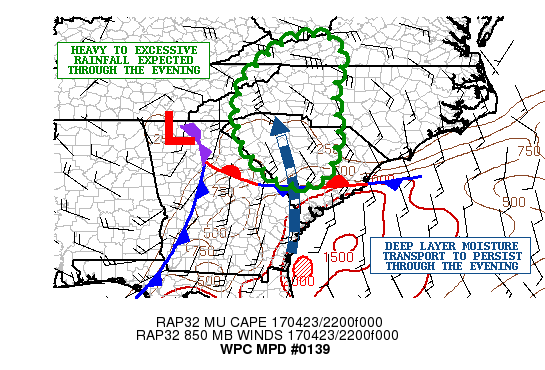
AREAS AFFECTED...CENTRAL/WESTERN SC...WESTERN NC...FAR NORTHEAST
TN...SOUTHWEST VA

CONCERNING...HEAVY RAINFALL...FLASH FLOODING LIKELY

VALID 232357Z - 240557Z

SUMMARY...HEAVY TO EXCESSIVE RAINFALL IS EXPECTED THROUGH THIS
EVENING ACROSS THE SC/NC PIEDMONT AND INTO THE SOUTHERN
APPALACHIANS AS FAR NORTH AS SOUTHWEST VA. STRONGER EMBEDDED
THUNDERSTORMS OVER NC/SC WILL ENHANCE FLASH FLOODING POTENTIAL.

DISCUSSION...THE LATEST EXPERIMENTAL GOES-16 WV/IR SATELLITE
IMAGERY SHOWS A DEEP LAYER LOW PRESSURE SYSTEM SLOWLY CROSSING THE
TN VALLEY AND MUCH OF THE SOUTHEAST U.S. WHICH IS HELPING TO
ADVANCE A CONVECTIVELY ACTIVE COLD FRONT ACROSS THE SOUTHEAST
COASTAL PLAIN. A RATHER DEEP SURGE OF SUBTROPICAL MOISTURE
CONTINUES TO LIFT NORTH AROUND THE EAST SIDE OF THE CLOSED LOW
WHICH COUPLED WITH STRONG LARGE SCALE ISENTROPIC LIFT...UPPER
LEVEL DIFFLUENCE AND OROGRAPHIC FORCING IS RESULTING IN WIDESPREAD
MODERATE TO HEAVY RAIN UP ACROSS THE SC/NC PIEDMONT AND INTO THE
SOUTHERN APPALACHIANS. FARTHER SOUTH AND CLOSER TO A STRONG
QUASI-STATIONARY FRONT ACROSS FAR EASTERN GA AND SOUTHERN
SC...THERE IS SUFFICIENT INSTABILITY FOR NUMEROUS THUNDERSTORMS
AND LOCALLY VERY HEAVY RAINFALL RATES OF UP 2 INCHES/HR.

RECENT RUNS OF THE HRRR/HRRRX SHOW A PERSISTENCE OF CONVECTION
THROUGH THE EVENING HOURS ACROSS ESPECIALLY CENTRAL SC AND PARTS
OF THE SC/NC PIEDMONT WHERE A NOSE OF ELEVATED INSTABILITY AND
HIGHER PWATS NEAR 1.5 INCHES WILL BE MAINTAINED BY DEEPER LAYER
S/SE FLOW OVERRUNNING THE AFOREMENTIONED STATIONARY FRONT. A
GRADUAL UPTICK IN LARGER SCALE ASCENT AHEAD OF THE UPPER LOW IS
EXPECTED TOO AS MODEST 250 MB  RIGHT-ENTRANCE REGION JET DYNAMICS
SET UP OVER THIS REGION THROUGH THE EVENING. MEANWHILE...FARTHER
NORTH...STRONG ISENTROPIC LIFT AND OROGRAPHIC FORCING WILL
MAINTAIN A LARGE AREA OF MODERATE TO HEAVY RAIN ACROSS THE
SOUTHERN APPALACHIANS AND ADJACENT PIEDMONT. MANY AREAS INCLUDING
THE FAR WESTERN CAROLINAS...EASTERN TN AND SOUTHWEST VA HAVE
ALREADY SEEN AS MUCH AS 3 TO 5 INCHES OF RAIN WITH THIS EVENT.

OVER THE PIEDMONT REGION AND EAST-FACING SLOPES OF THE SOUTHERN
APPALACHIANS...EXPECT ANOTHER 1 TO 3 INCHES OF RAIN TO BE POSSIBLE
THROUGH 06Z. MEANWHILE FARTHER SOUTH AND CLOSER TO THE STATIONARY
FRONT OVER SC...THE ELEVATED INSTABILITY AXIS SHOULD PROMOTE
HEAVIER RAINFALL RATES AND POTENTIAL FOR CELL-MERGERS AND SOME
SMALL SCALE CELL-TRAINING. THE HRRR/HRRRX GUIDANCE SUGGESTS AS
MUCH AS 3 TO 5 INCHES OF RAIN MAY FALL AT LEAST LOCALLY THROUGH
06Z...WITH THE GREATEST POTENTIAL FOCUSED OVER CENTRAL/NORTHERN SC.

THE ADDITIONAL HEAVY RAIN FALL WILL ELEVATE THE THREAT OF FLASH
FLOODING INCLUDING MUDSLIDES AND DEBRIS FLOWS OVER THE HIGHER
TERRAIN GIVEN THE WET ANTECEDENT CONDITIONS. FARTHER SOUTH...AND
GENERALLY OVER CENTRAL/NORTHERN SC...THE HEAVIER RAINFALL RATES
WHICH MAY REACH 2 INCHES/HR WILL ALSO FOSTER ENHANCED FLASH FLOOD
POTENTIAL. WILL CONTINUE TO MONITOR.